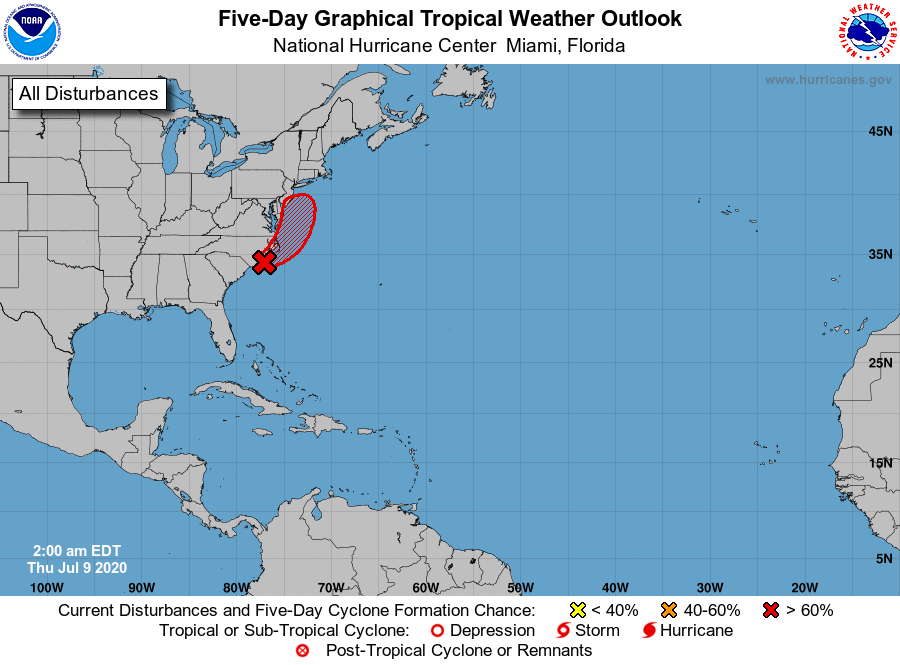
For the North Atlantic...Caribbean Sea and the Gulf of Mexico:

1. Surface observations along with satellite and radar data indicate that an area of low pressure located about 50 miles east of Wilmington, North Carolina, is gradually becoming better defined. The associated showers and thunderstorms are still disorganized, however, and are mostly confined to the east of the center. The low is expected to move northeastward or north-northeastward near or just offshore of the North Carolina Outer Banks later today and then along the mid-Atlantic coast tonight and Friday. Environmental conditions are expected to be conducive for development, and a tropical or subtropical cyclone will likely form later today or tonight.

Regardless of development, the system is expected to produce locally heavy rainfall that could cause some flash flooding across portions of eastern North Carolina, the coastal mid-Atlantic, and southern New England during the next few days. Gusty winds are also possible along the North Carolina Outer Banks today, and along the mid-Atlantic and southern New England coasts Friday and Saturday. Interests in these areas should monitor the progress of this system and refer to products from your local National Weather Service office. An Air Force Reserve Hurricane Hunter aircraft is scheduled to investigate this system later today, if necessary.
* Formation chance through 48 hours...high...80 percent.
* Formation chance through 5 days...high...80 percent.

Forecaster Cangialosi